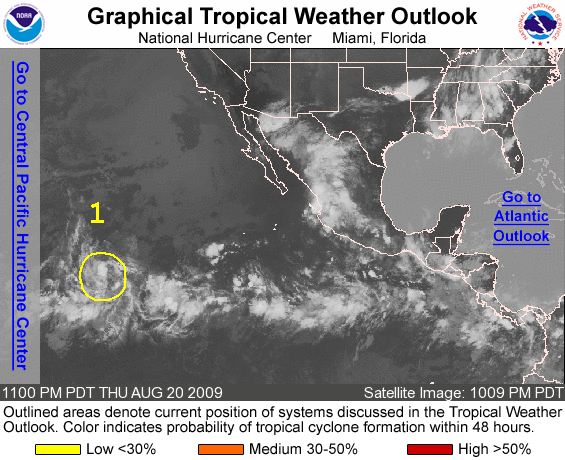
FOR THE EASTERN NORTH PACIFIC...EAST OF 140 DEGREES WEST LONGITUDE..

1. SHOWER AND THUNDERSTORM ACTIVITY ASSOCIATED WITH A TROPICAL WAVE LOCATED ABOUT 1580 MILES WEST-SOUTHWEST OF THE SOUTHERN TIP OF BAJA CALIFORNIA HAS DIMINISHED SOMEWHAT THIS EVENING. HOWEVER...SOME SLOW DEVELOPMENT OF THIS SYSTEM IS POSSIBLE OVER THE NEXT COUPLE OF DAYS AS IT MOVES WESTWARD AROUND 10 MPH. THERE IS A LOW CHANCE...LESS THAN 30 PERCENT...OF THIS SYSTEM BECOMING A TROPICAL CYCLONE DURING THE NEXT 48 HOURS.

2.

TROPICAL CYCLONE FORMATION IS NOT EXPECTED DURING THE NEXT 48 HOURS.

FORECASTER ROBERTS/BEVEN